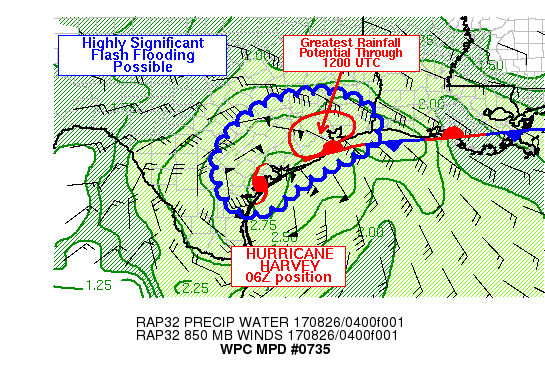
AREAS AFFECTED...MIDDLE TO UPPER TX COAST

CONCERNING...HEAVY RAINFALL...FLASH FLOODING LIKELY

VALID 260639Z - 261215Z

SUMMARY...FLASH FLOODING...SOME OF WHICH COULD BE HIGHLY
SIGNIFICANT...IS EXPECTED ACROSS PORTIONS OF THE UPPER TEXAS COAST
THROUGH 12Z WITH 6 HOUR RAINFALL TOTALS BETWEEN 4-8 INCHES
EXPECTED. A SECONDARY MAX IS EXPECTED NEAR THE CENTER OF HURRICANE
HARVEY.

DISCUSSION...HURRICANE HARVEY WAS LOCATED ABOUT 5 MILES NORTH OF
ROCKPORT TEXAS ACCORDING TO THE NATIONAL HURRICANE CENTER AT 06Z
AND WAS MOVING TO THE NW AT 5 KT. DESPITE SOME
WARMING...EXPERIMENTAL GOES 16 INFRARED IMAGERY CONTINUED TO SHOW
A CONTINUOUS RING OF -65 C CLOUD TOPS SURROUNDING THE EYE OF
HARVEY. WHILE SOME FURTHER WEAKENING OF RAIN RATES WITHIN THE
EYEWALL IS POSSIBLE AS THE EYE CONTINUES TO MOVE INLAND...THE SLOW
MOVEMENT OF THE CURRENT 1-2 IN/HR RATES LOCATED IN THE FRONT LEFT
AND FRONT RIGHT SECTIONS OF THE EYEWALL WILL EXTEND FLASH FLOODING
INTO GOLIAD AND VICTORIA COUNTIES THROUGH 12Z.

FARTHER UP THE TEXAS COAST...REPEATING CELLS OVER BRAZORIA AND
FORT BEND COUNTIES HAVE LED TO DUAL POL RAINFALL ESTIMATES OF 6-9
INCHES THROUGH 06Z. WHILE TEMPORARY WEAKENING OF THIS AREA HAS
BEEN NOTED IN FAVOR OF A NEW SPIRAL BAND INTO MATAGORDA COUNTY...A
RESERVOIR OF GREATER INSTABILITY SOUTH OF A STATIONARY FRONT ALONG
THE UPPER TEXAS COAST WILL CONTINUE TO SUPPORT STRONG ISENTROPIC
LIFT AND REPEATING CELL MOTIONS AT TIMES FROM THE EASTERN EYEWALL
OF HARVEY TO THE SABINE RIVER.

THE LATEST HI-RES MODEL GUIDANCE IS IN GOOD AGREEMENT WITH THE
IDEA OF THE HEAVIEST 6 HOUR RAINFALL TOTALS INTO THE UPPER TEXAS
COAST...FOCUSING JUST NORTH AND WEST OF GALVESTON BAY. HALF OF THE
SUITE OF HI-RES MODELS AVAILABLE AT WPC SHOW 8-10 INCHES THROUGH
12Z...WHICH MAY BE OVERDONE...BUT THE PROXIMITY OF THIS AREA TO
THE HOUSTON METRO IS CONCERNING. TRAINING AXES OF RAINFALL RATES
BETWEEN 2-3 IN/HR ARE EXPECTED TO GENERATE A SIGNIFICANT FLASH
FLOOD THREAT FOR PORTIONS OF THE UPPER TEXAS COAST EXTENDING PAST
SUNRISE.